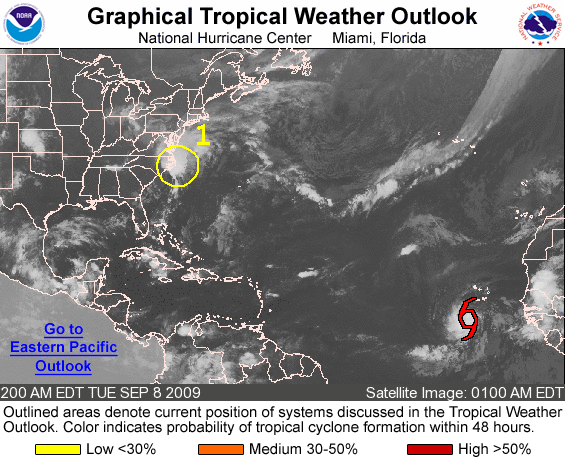
FOR THE NORTH ATLANTIC...CARIBBEAN SEA AND THE GULF OF MEXICO...

THE NATIONAL HURRICANE CENTER IS ISSUING ADVISORIES ON RECENTLY-UPGRADED TROPICAL STORM FRED...LOCATED ABOUT 245 MILES SOUTH-SOUTHWEST OF THE SOUTHERNMOST CAPE VERDE ISLANDS.

1. A NON-TROPICAL AREA OF LOW PRESSURE ASSOCIATED WITH A MID- TO UPPER-LEVEL TROUGH IS LOCATED JUST TO THE SOUTHWEST OF CAPE LOOKOUT NORTH CAROLINA. WHILE THIS LOW IS PRODUCING SHOWER AND THUNDERSTORM ACTIVITY...UPPER-LEVEL WINDS ARE EXPECTED TO REMAIN UNFAVORABLE FOR TROPICAL CYCLONE FORMATION. THERE IS A LOW CHANCE...LESS THAN 30 PERCENT...OF THIS SYSTEM BECOMING A TROPICAL CYCLONE DURING THE NEXT 48 HOURS. THIS LOW WILL PRODUCE LOCALLY HEAVY RAINFALL AND GUSTY WINDS ALONG THE COAST OF CENTRAL AND NORTHERN NORTH CAROLINA AND SOUTHEASTERN VIRGINIA TODAY AS IT MOVES SLOWLY NORTH-NORTHEASTWARD.

ADDITIONAL INFORMATION ON THIS SYSTEM CAN BE FOUND IN PRODUCTS ISSUED BY LOCAL NATIONAL WEATHER SERVICE FORECAST OFFICES.

ELSEWHERE...TROPICAL CYCLONE FORMATION IS NOT EXPECTED DURING THE NEXT 48 HOURS.

PUBLIC ADVISORIES ON TROPICAL STORM FRED ARE ISSUED UNDER WMO HEADER WTNT32 KNHC AND UNDER AWIPS HEADER MIATCPAT2. FORECAST/ADVISORIES ON TROPICAL STORM FRED ARE ISSUED UNDER WMO HEADER WTNT22 KNHC AND UNDER AWIPS HEADER MIATCMAT2.

FORECASTER PASCH